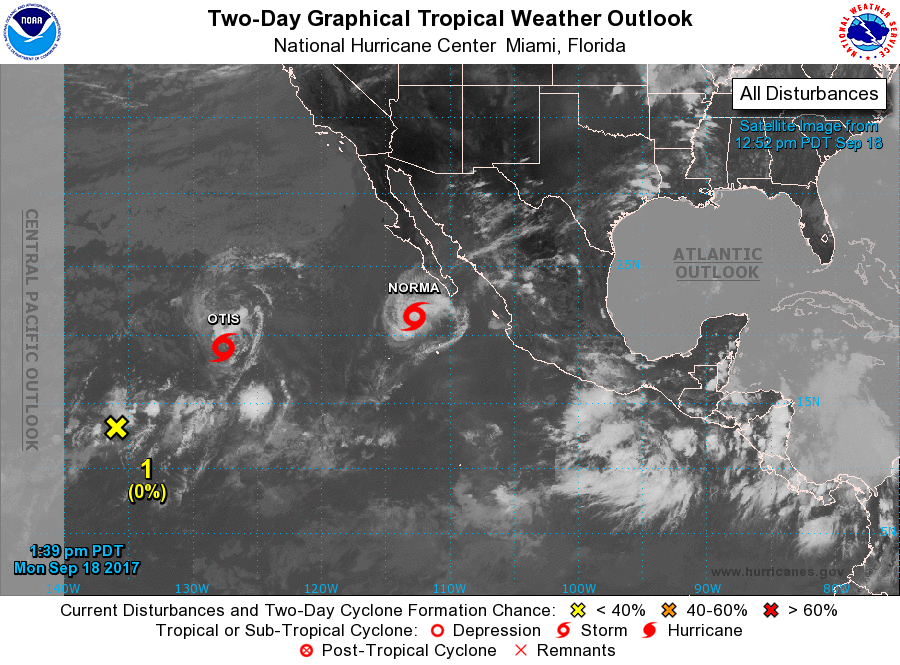
For the eastern North Pacific...east of 140 degrees west longitude:

The National Hurricane Center is issuing advisories on Tropical Storm Norma, located southwest of the southern tip of the Baja California peninsula, and on recently downgraded Tropical Storm Otis, located more than 1000 miles west-southwest of the southern tip of the Baja California peninsula.

1. A trough of low pressure located about 1300 miles east-southeast of the Hawaiian Islands is producing disorganized cloudiness and showers. Development of this system is not expected while it drifts southwestward during the next few days.
* Formation chance through 48 hours...low...near 0 percent.
* Formation chance through 5 days...low...near 0 percent.

2. An area of low pressure is expected to form by the end of the week south of southeastern Mexico. Gradual development of this system is possible this weekend while the system moves slowly west-northwestward just south of the coast of Mexico.
* Formation chance through 48 hours...low...near 0 percent.
* Formation chance through 5 days...medium...40 percent.

Forecaster Cangialosi